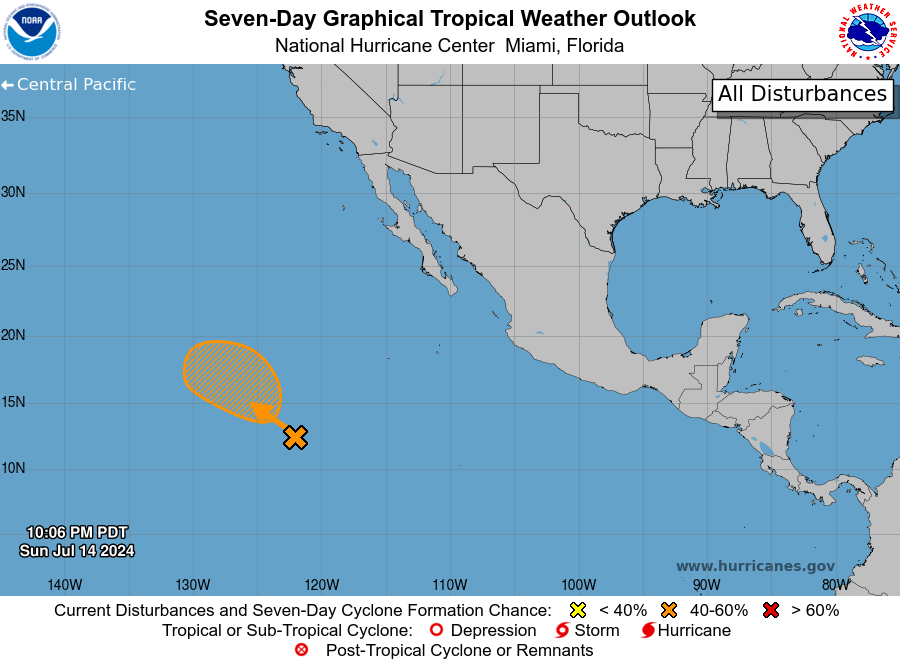
For the eastern North Pacific...east of 140 degrees west longitude:

1. Central and Western East Pacific: A tropical wave located several hundred miles southwest of the southern tip of the Baja California peninsula continues to produce a large area of showers and thunderstorms. This wave is slightly better organized than yesterday, and environmental conditions could become more conducive for further development in a day or so. This system could become a tropical depression mid- to late-week while it moves west-northwestward at 10 to 15 mph across the central and western portion of the basin.
* Formation chance through 48 hours...low...20 percent.
* Formation chance through 7 days...medium...40 percent.

Forecaster Blake